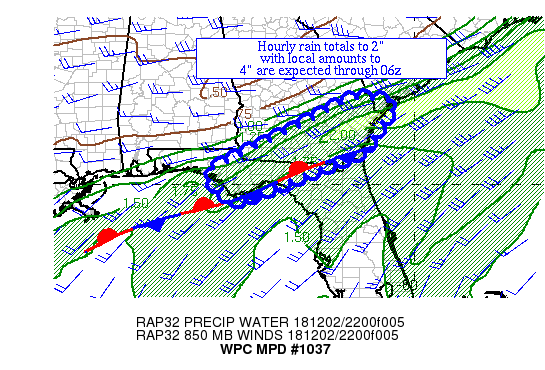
Areas affected...FL panhandle & Southeast GA

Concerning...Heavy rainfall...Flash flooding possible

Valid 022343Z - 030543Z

Summary...Showers and thunderstorms are showing some increase in
coverage as of late.  Hourly totals to 2" with local amounts of 4"
are possible over saturating soils.

Discussion...A shortwave extending from central SC west-southwest
into the western FL panhandle has led to some increasing in shower
and thunderstorm activity from the western Big Bend into southeast
GA with cooling cloud tops noted on recent GOES-16 Clean IR
imagery.  This is occurring within a moisture axis aligned with
unidirectional west-southwesterly flow to the north of a
temperature and dew point gradient.  With some CIN developing per
SPC mesoanalyses, MU CAPE in the region is 1000-2000 J/kg.
Effective bulk shear is 35-65 kts which should be sufficient to
develop occasional mesocyclones and training bands of convection,
which are expected to be the main heavy rain cause.  Inflow at 850
hPa is west-southwest at 35 knots per VAD wind profiles.
Precipitable water values are ~1.75" per GPS data.

The mesoscale guidance shows reasonable agreement on local amounts
in the 3-4" range through 06z, with the consensus on the heavy
rain threat entering a lull after 04z.  With CIN developing,
convection could edge more northward of the boundary across the FL
panhandle and southeast GA than currently shown on radar imagery.
Hourly rain totals to 2" are possible given the above factors.
This area has received roughly 3-6" of rainfall per radar
estimates thus far, which is saturating area soils.  A flash flood
threat remains for the next 4+ hours.